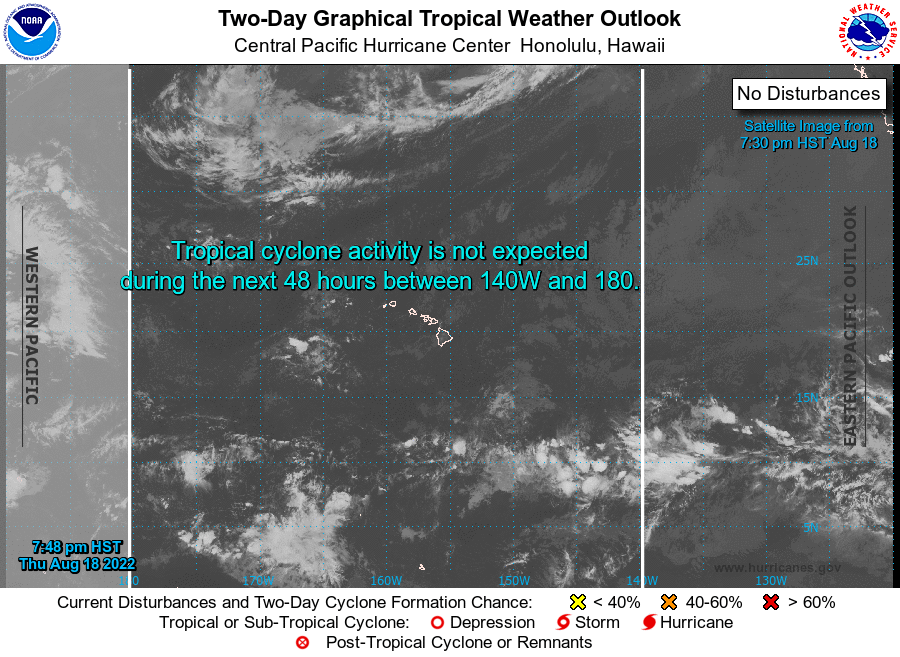
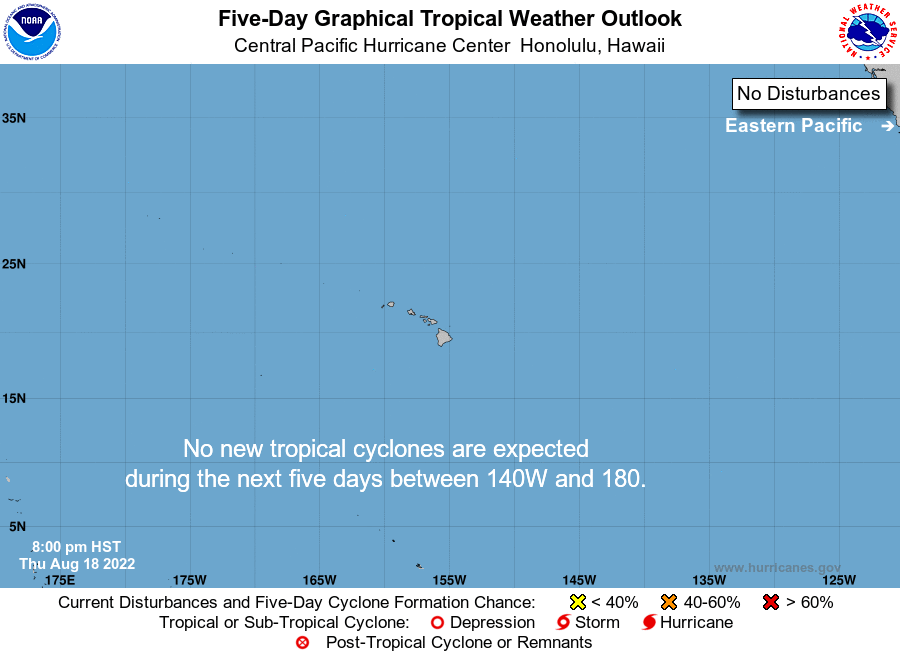
For the central North Pacific...between 140W and 180W:

No tropical cyclones are expected during the next 5 days.

Forecaster Jelsema